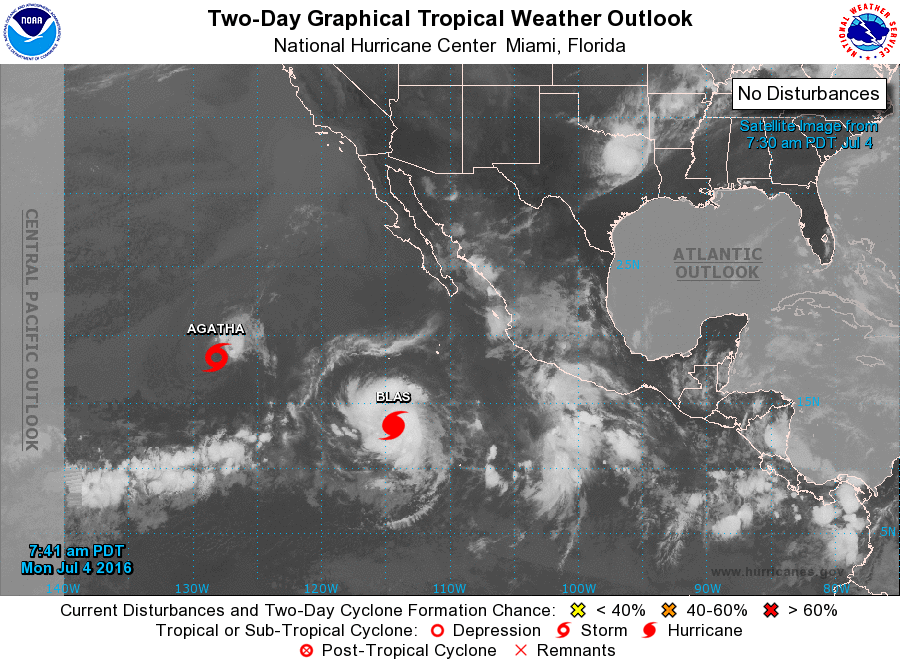
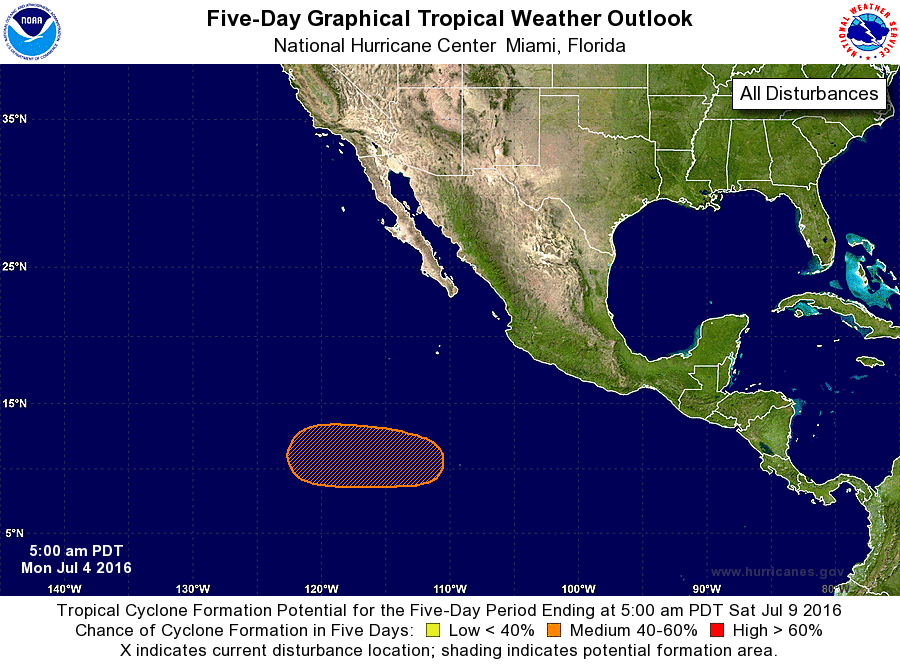
For the eastern North Pacific...east of 140 degrees west longitude:

The National Hurricane Center is issuing advisories on Tropical Storm Agatha, located more than 1000 miles west-southwest of the southern tip of the Baja California peninsula, and on Tropical Storm Blas, located several hundred miles south-southwest of the southern tip of the Baja California peninsula.

1. An area of low pressure is expected to form around mid-week well southwest of the coast of Mexico. Environmental conditions are expected to be conducive for gradual development of this system while it moves westward.
* Formation chance through 48 hours...low...near 0 percent
* Formation chance through 5 days...medium...40 percent

Forecaster Kimberlain